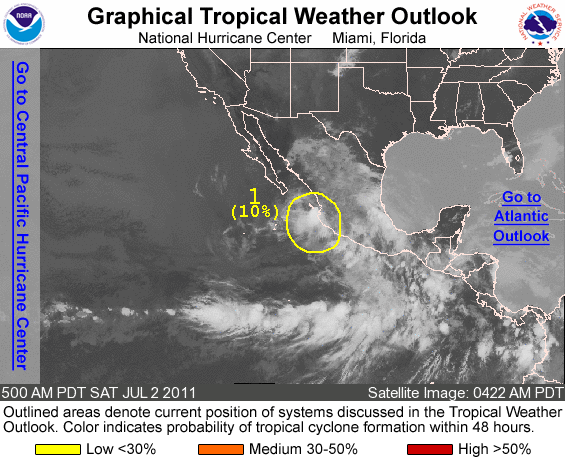
FOR THE EASTERN NORTH PACIFIC...EAST OF 140 DEGREES WEST LONGITUDE..

1. THE REMNANTS OF TROPICAL STORM ARLENE CONTINUE TO PRODUCE SHOWERS AND THUNDERSTORMS OVER PORTIONS OF SOUTHWESTERN MEXICO AND THE NEARBY PACIFIC WATERS. THIS SYSTEM IS EXPECTED TO MOVE WESTWARD OVER COLD WATER DURING THE NEXT DAY OR TWO...WHICH SHOULD LIMIT SIGNIFICANT RE-DEVELOPMENT. THERE IS A LOW CHANCE...10 PERCENT...OF THIS DISTURBANCE BECOMING A TROPICAL CYCLONE DURING THE NEXT 48 HOURS. REGARDLESS OF DEVELOPMENT...HEAVY RAINS ARE POSSIBLE OVER PORTIONS OF SOUTHWESTERN MEXICO DURING THE NEXT DAY OR SO... ESPECIALLY OVER MOUNTAINOUS TERRAIN.

ELSEWHERE...TROPICAL CYCLONE FORMATION IS NOT EXPECTED DURING THE NEXT 48 HOURS.

FORECASTER BEVEN